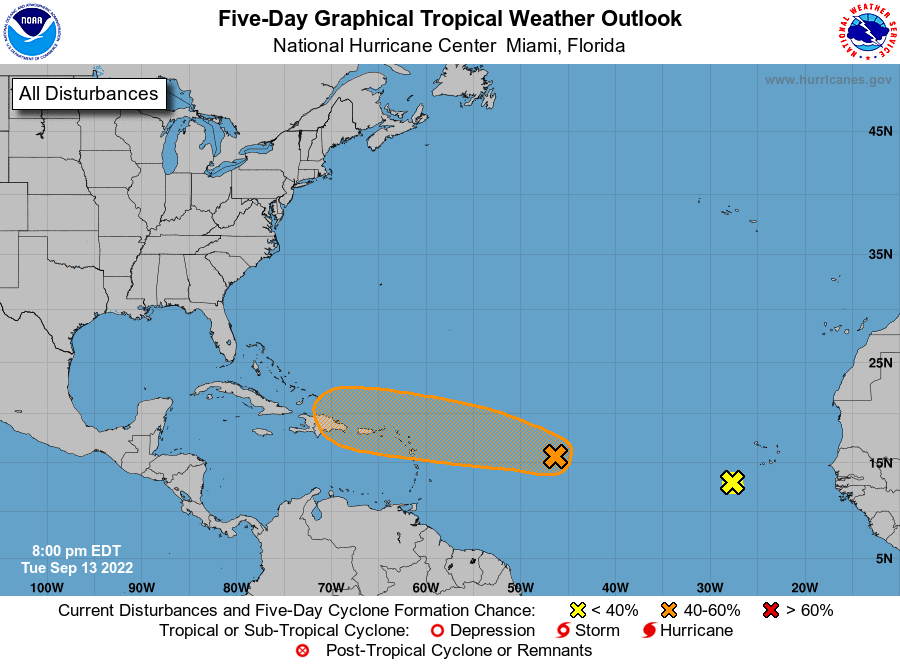
For the North Atlantic...Caribbean Sea and the Gulf of Mexico:

1. Central Tropical Atlantic: Showers and thunderstorms associated with a tropical wave located about 900 miles east of the Lesser Antilles have changed little in organization today. Although environmental conditions are only marginally conducive, some gradual development of this system is possible over the next few days. A tropical depression could form while the system moves westward to west-northwestward over the tropical Atlantic and approaches the Leeward Islands on Friday.
* Formation chance through 48 hours...low...30 percent.
* Formation chance through 5 days...medium...40 percent.

2. Eastern Tropical Atlantic: Showers and thunderstorms associated with a tropical wave passing near the Cabo Verde Islands have remained disorganized and limited today. Environmental conditions are forecast to become less favorable and additional development of this system is no longer anticipated as it moves across the eastern and central tropical Atlantic through the end of the week.
* Formation chance through 48 hours...low...near 0 percent.
* Formation chance through 5 days...low...near 0 percent.

Forecaster Papin